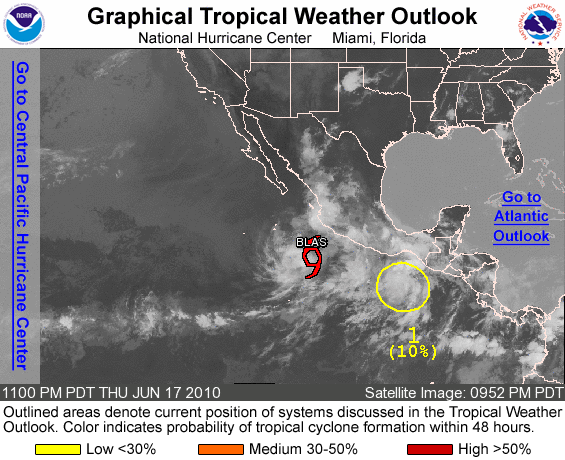
FOR THE EASTERN NORTH PACIFIC...EAST OF 140 DEGREES WEST LONGITUDE..

THE NATIONAL HURRICANE CENTER IS ISSUING ADVISORIES ON TROPICAL STORM BLAS LOCATED ABOUT 300 MILES SOUTH-SOUTHWEST OF MANZANILLO MEXICO.

1. AN AREA OF SHOWERS AND THUNDERSTORMS CENTERED A FEW HUNDRED MILES SOUTH OF THE GULF OF TEHUANTEPEC IS ASSOCIATED WITH A TROPICAL WAVE. THERE ARE NO SIGNS OF ORGANIZATION AT THIS TIME AND DEVELOPMENT...IF ANY...IS EXPECTED TO BE SLOW TO OCCUR AS THE SYSTEM MOVES TOWARD THE WEST-NORTHWEST NEAR 10 MPH. THERE IS A LOW CHANCE...10 PERCENT...OF THIS SYSTEM BECOMING A TROPICAL CYCLONE DURING THE NEXT 48 HOURS.

ELSEWHERE...TROPICAL CYCLONE FORMATION IS NOT EXPECTED DURING THE NEXT 48 HOURS.

PUBLIC ADVISORIES ON TROPICAL STORM BLAS ARE ISSUED UNDER WMO HEADER WTPZ33 KNHC AND UNDER AWIPS HEADER MIATCPEP3. FORECAST/ADVISORIES ON BLAS ARE ISSUED UNDER WMO HEADER WTPZ23 KNHC AND UNDER AWIPS HEADER MIATCMEP3.

FORECASTER AVILA